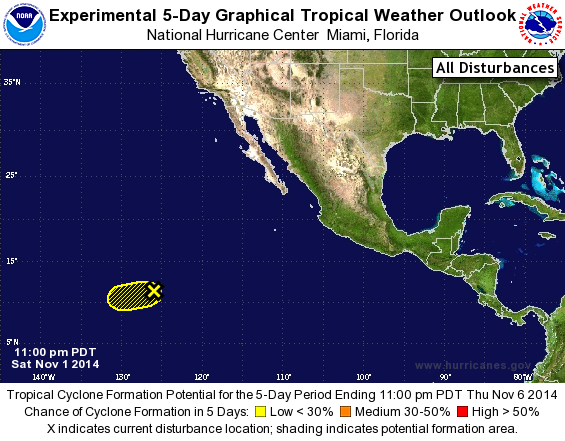
For the eastern North Pacific...east of 140 degrees west longitude:

The National Hurricane Center is issuing advisories on Tropical Storm Vance, located several hundred miles south of Manzanillo, Mexico.

1. An area of low pressure located about 1300 miles southwest of the southern tip of the Baja California peninsula is producing a few showers and thunderstorms. Increasing upper-level winds and dry air are expected to inhibit significant development of this system while it moves westward to west-southwestward at 5 to 10 mph during the next few days.
* Formation chance through 48 hours...low...10 percent.
* Formation chance through 5 days...low...10 percent.

Forecaster Berg